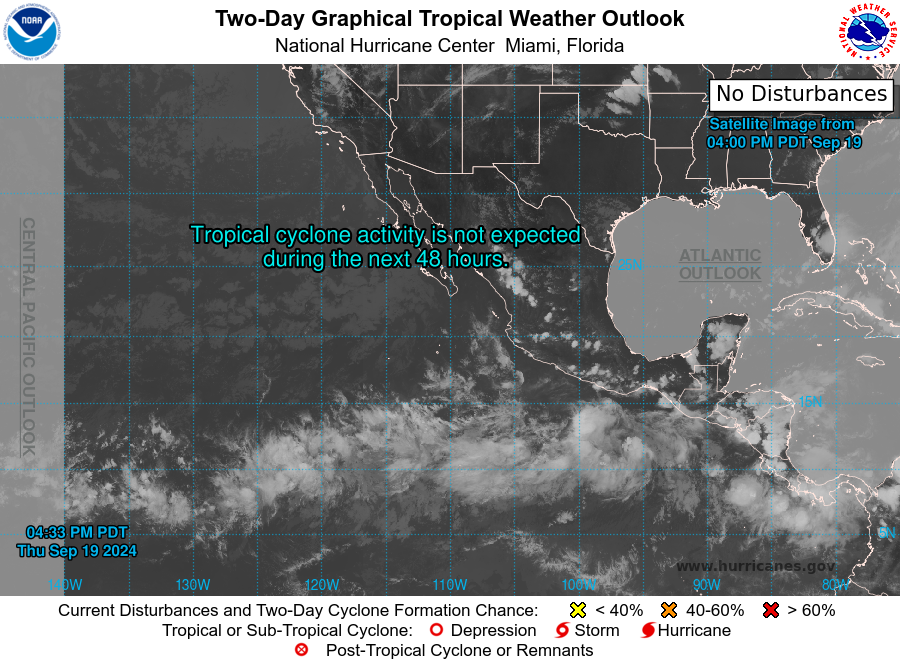
For the eastern North Pacific...east of 140 degrees west longitude:

1. Central Portion of the East Pacific: An area of low pressure could form well to the southwest of the southwestern coast of Mexico late this weekend. Environmental conditions appear conducive for some slow development of this system thereafter as it slowly moves generally northward.
* Formation chance through 48 hours...low...near 0 percent.
* Formation chance through 7 days...low...30 percent.

Forecaster Beven